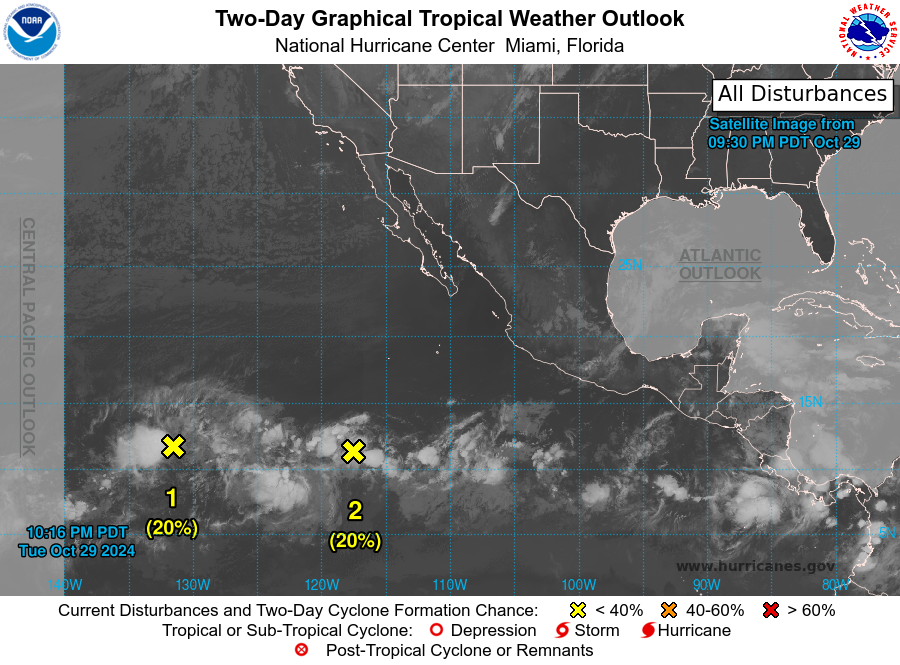
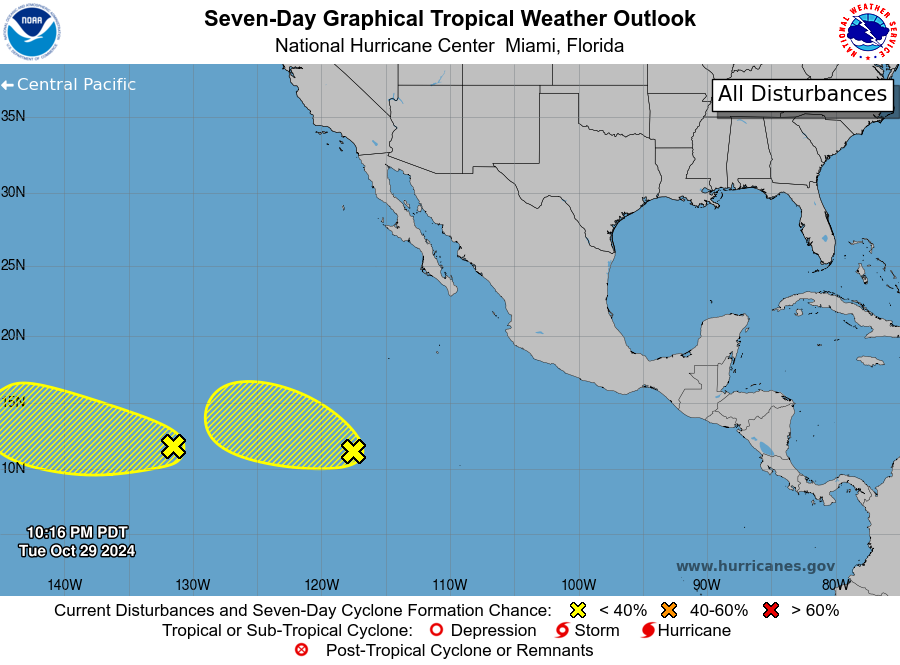
For the eastern North Pacific...east of 140 degrees west longitude:

1. Western East Pacific (EP91): A broad area of low pressure located about 1600 miles west- southwest of the southern tip of the Baja California peninsula is producing disorganized shower activity. Some development of this system is possible during the next few days while the system moves generally westward at about 15 mph. This system is expected to cross into the Central Pacific Basin by the end of the week.
* Formation chance through 48 hours...low...20 percent.
* Formation chance through 7 days...low...30 percent.

2. Central East Pacific: An area of low pressure located about 1000 miles southwest of the southern tip of the Baja California Peninsula has become slightly better organized since yesterday. Further development of this system is possible during the next few days while the low moves slowly to the west-northwest. By the end of the week, however, upper-level winds should become less conducive for development.
* Formation chance through 48 hours...low...20 percent.
* Formation chance through 7 days...low...30 percent.

Forecaster Blake